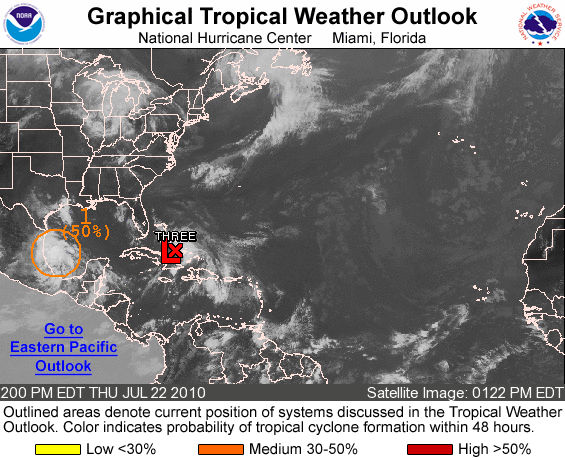
FOR THE NORTH ATLANTIC...CARIBBEAN SEA AND THE GULF OF MEXICO...

THE NATIONAL HURRICANE CENTER IS ISSUING ADVISORIES ON NEWLY FORMED TROPICAL DEPRESSION THREE LOCATED ABOUT 250 SOUTHEAST OF NASSAU IN THE BAHAMAS.

1. AN AREA OF SHOWERS AND THUNDERSTORMS ASSOCIATED WITH A BROAD AREA OF LOW PRESSURE IN THE WESTERN BAY OF CAMPECHE CONTINUES TO SHOW SIGNS OF ORGANIZATION. THIS SYSTEM IS MOVING SLOWLY WESTWARD TOWARD THE COAST OF MEXICO. ALTHOUGH ENVIRONMENTAL CONDITIONS APPEAR TO BE FAVORABLE...THE PROXIMITY TO LAND WILL LIKELY INHIBIT SIGNIFICANT DEVELOPMENT. THERE IS A MEDIUM CHANCE...50 PERCENT...OF THIS SYSTEM BECOMING A TROPICAL CYCLONE BEFORE IT REACHES THE COAST OF MEXICO IN A DAY OR TWO.

ELSEWHERE...TROPICAL CYCLONE FORMATION IS NOT EXPECTED DURING THE NEXT 48 HOURS.

PUBLIC ADVISORIES ON TROPICAL DEPRESSION THREE ARE ISSUED UNDER WMO HEADER WTNT33 KNHC AND UNDER AWIPS HEADER MIATCPAT3. FORECAST/ADVISORIES ARE ISSUED UNDER WMO HEADER WTNT23 KNHC AND UNDER AWIPS HEADER MIATCMAT3.

FORECASTER AVILA/ROBERTS